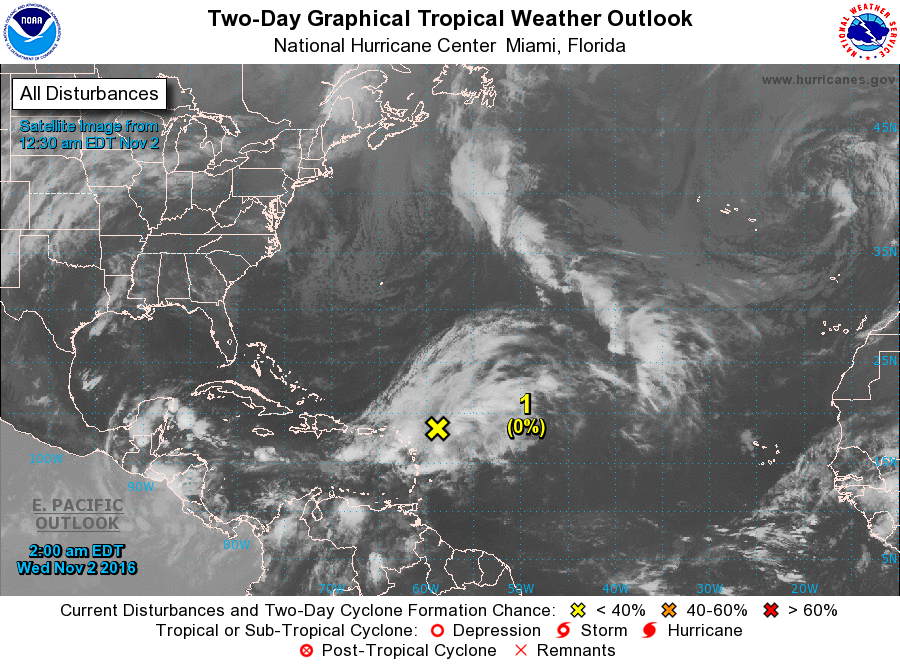
For the North Atlantic...Caribbean Sea and the Gulf of Mexico:

1. A broad area of low pressure located a few hundred miles east-northeast of the northern Lesser Antilles is producing widespread cloudiness and showers. Although this system is expected to become non-tropical during the next couple of days, it could acquire subtropical characteristics later this week or this weekend while it moves north-northeastward over the North Atlantic.
* Formation chance through 48 hours...low...near 0 percent
* Formation chance through 5 days...low...20 percent

Forecaster Cangialosi